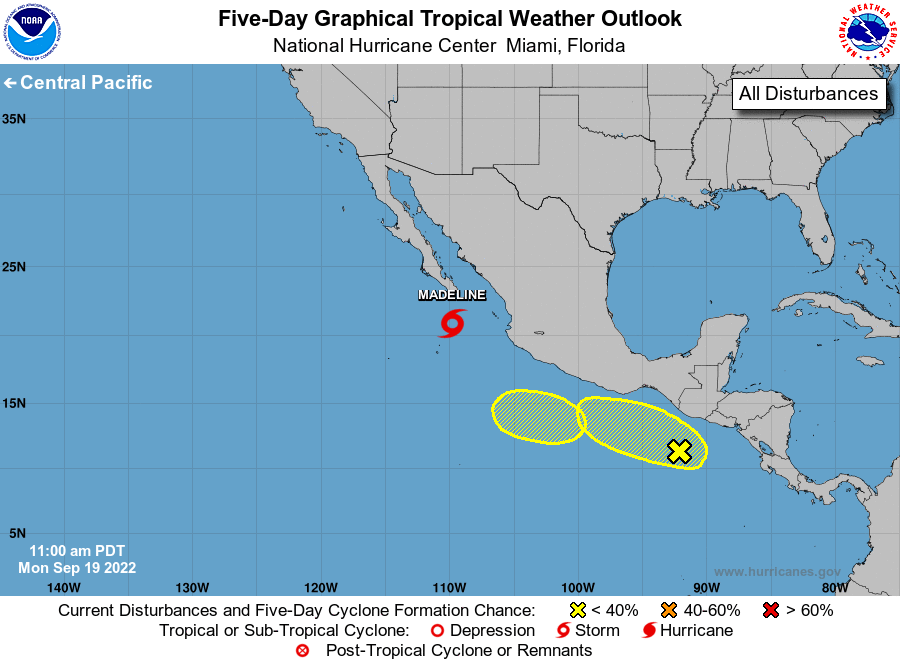
For the eastern North Pacific...east of 140 degrees west longitude:

Active Systems: The National Hurricane Center is issuing advisories on Tropical Storm Madeline, located about 150 miles south of the southern tip of the Baja California peninsula.

1. South of Central America and Southeastern Mexico: Disorganized showers and thunderstorms associated with a broad area of low pressure continue just off the southern Mexico and Guatemala coasts. Environmental conditions are forecast to be conducive for gradual development while the system moves slowly west-northwestward near the coast of southern Mexico through the week.
* Formation chance through 48 hours...low...near 0 percent.
* Formation chance through 5 days...low...30 percent.

2. South of Southern Mexico: Another area of low pressure could form south of the southern coast of Mexico in a few days. Development, if any, of this system should be slow to occur thereafter while the disturbance meanders off the coast of southern Mexico.
* Formation chance through 48 hours...low...near 0 percent.
* Formation chance through 5 days...low...10 percent.

Forecaster Cangialosi/Roth